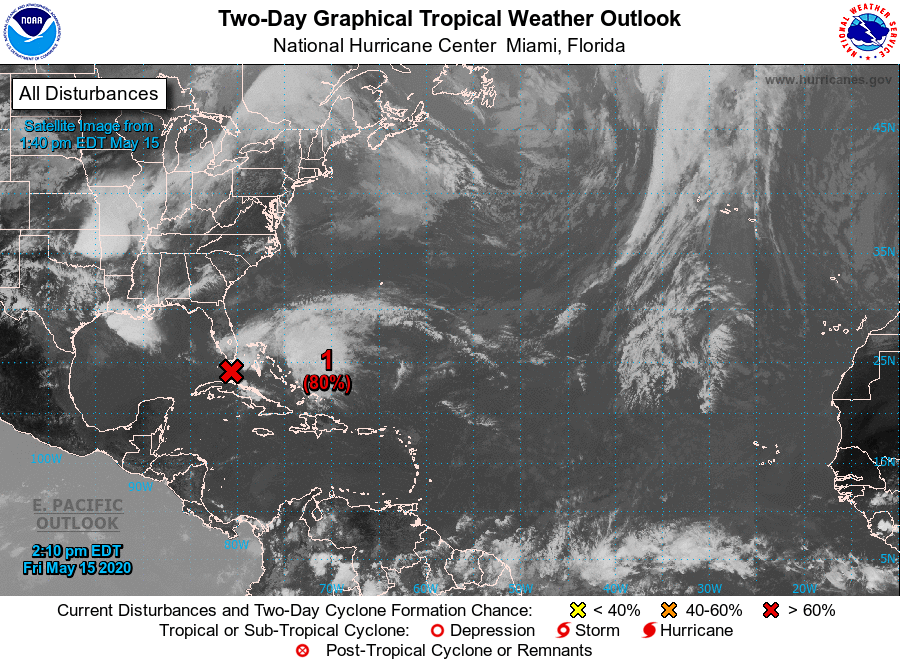
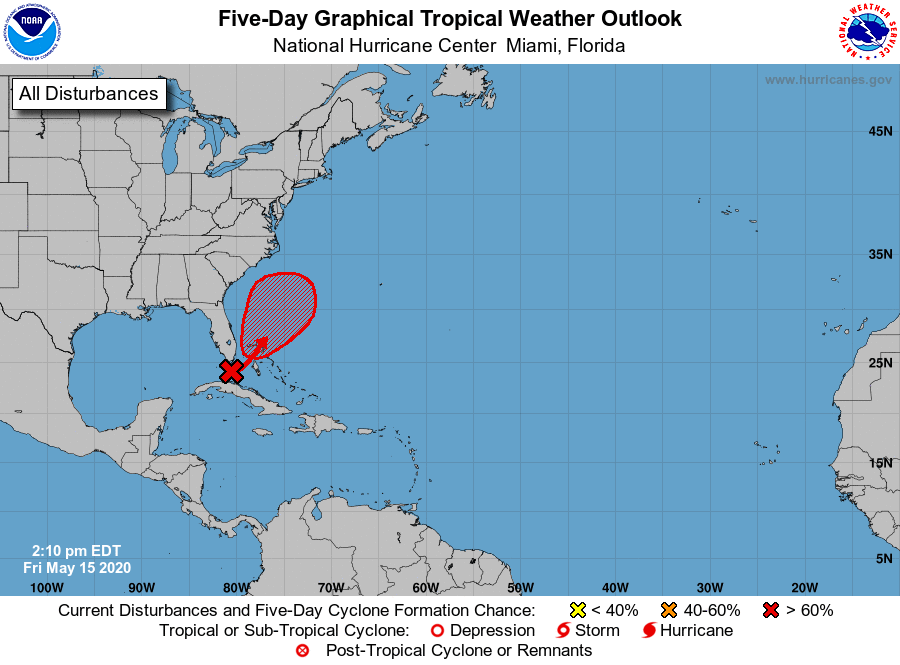
For the North Atlantic...Caribbean Sea and the Gulf of Mexico:

Special Tropical Weather Outlook issued to discuss the potential for tropical or subtropical development near the northwest Bahamas.

Satellite data and surface observations indicate that the trough of low pressure located over the Straits of Florida has generally changed little today. This system continues to produce a large area of disorganized shower activity and gusty winds across the Florida Keys, portions of southeast Florida, and the northwestern Bahamas. Gradual development of this system is still expected, and it will likely become a tropical or subtropical storm on Saturday when it is located near the northwestern Bahamas. Later in the weekend and early next week, the system is expected to move generally northeastward over the western Atlantic.

1. Regardless of development, the disturbance will continue to bring heavy rainfall and wind gusts to tropical-storm-force across portions of the Florida Keys, southeast Florida and the Bahamas through Saturday. In addition, hazardous marine conditions are expected along the Florida east coast and in the Bahamas where Gale Warnings are in effect. Dangerous surf conditions and rip currents are possible along portions of the southeast U.S. coast this weekend and early next week. See products from your local weather office and High Seas Forecasts for more details. An Air Force Reserve Hurricane Hunter aircraft is scheduled to investigate the disturbance tomorrow morning, if necessary. The next Special Tropical Weather Outlook on this system will be issued by 9 PM EDT tonight, or earlier, if necessary.
* Formation chance through 48 hours...high...80 percent.
* Formation chance through 5 days...high...80 percent.

High Seas Forecasts issued by the National Weather Service can be found under AWIPS header NFDHSFAT1, WMO header FZNT01 KWBC, and available on the Web at ocean.weather.gov/shtml/NFDHSFAT1.shtml.

Forecaster Cangialosi